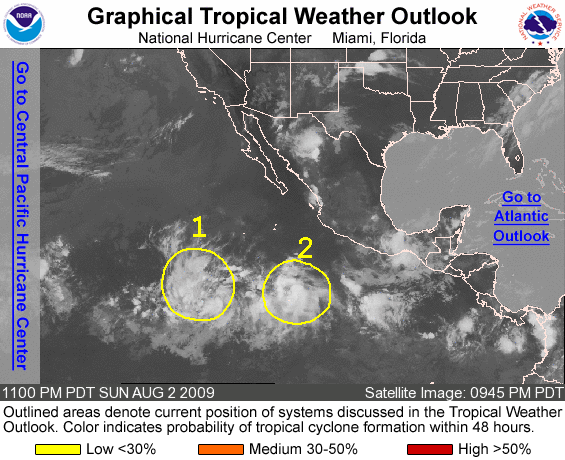
FOR THE EASTERN NORTH PACIFIC...EAST OF 140 DEGREES WEST LONGITUDE..

1. A TROPICAL WAVE LOCATED ABOUT 1000 MILES SOUTHWEST OF THE SOUTHERN TIP OF BAJA CALIFORNIA IS PRODUCING DISORGANIZED SHOWERS AND THUNDERSTORMS. UPPER-LEVEL CONDITIONS APPEAR FAVORABLE FOR SOME SLOW DEVELOPMENT OF THIS SYSTEM OVER THE NEXT COUPLE OF DAYS AS IT MOVES WEST TO WEST-NORTHWESTWARD AT AROUND 15 MPH. THERE IS A LOW CHANCE...LESS THAN 30 PERCENT...OF THIS SYSTEM BECOMING A TROPICAL CYCLONE DURING THE NEXT 48 HOURS.

2. SHOWERS AND THUNDERSTORMS ARE ASSOCIATED WITH A BROAD AREA OF LOW PRESSURE LOCATED ABOUT 600 MILES SOUTHWEST OF MANZANILLO MEXICO. UPPER-LEVEL CONDITIONS APPEAR FAVORABLE FOR SLOW DEVELOPMENT OF THIS SYSTEM OVER THE NEXT COUPLE OF DAYS AS IT MOVES WEST TO WEST-NORTHWESTWARD AT AROUND 15 MPH. THERE IS A LOW CHANCE...LESS THAN 30 PERCENT...OF THIS SYSTEM BECOMING A TROPICAL CYCLONE DURING THE NEXT 48 HOURS.

ELSEWHERE...TROPICAL CYCLONE FORMATION IS NOT EXPECTED DURING THE NEXT 48 HOURS.

FORECASTER BRENNAN